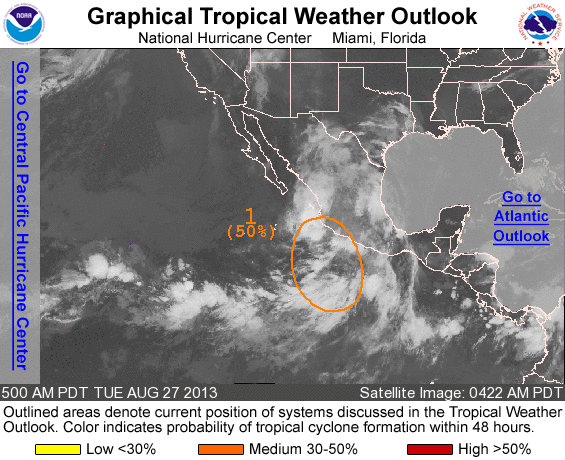
FOR THE EASTERN NORTH PACIFIC...EAST OF 140 DEGREES WEST LONGITUDE..

1. A BROAD AREA OF LOW PRESSURE CONTINUES TO PRODUCE SHOWERS AND THUNDERSTORMS EXTENDING FROM THE SOUTHWESTERN COAST OF MEXICO SOUTHWARD OVER THE PACIFIC FOR SEVERAL HUNDRED MILES. ENVIRONMENTAL CONDITIONS STILL APPEAR GENERALLY CONDUCIVE FOR THE FORMATION OF A TROPICAL DEPRESSION DURING THE NEXT COUPLE OF DAYS...BUT THE DISTURBANCE HAS A BROAD AND COMPLEX STRUCTURE THAT COULD LIMIT DEVELOPMENT. THIS SYSTEM HAS A MEDIUM CHANCE...50 PERCENT...OF BECOMING A TROPICAL CYCLONE DURING THE NEXT 48 HOURS WHILE MOVING WEST-NORTHWESTWARD AT ABOUT 15 MPH. THE LOW IS EXPECTED TO REACH COLDER WATERS WEST OF THE BAJA CALIFORNIA PENINSULA BY THURSDAY... AND FURTHER DEVELOPMENT AFTER THAT TIME IS NOT LIKELY. THIS SYSTEM HAS A MEDIUM CHANCE...50 PERCENT...OF BECOMING A TROPICAL CYCLONE DURING THE NEXT 5 DAYS. LOCALLY HEAVY RAINFALL IS EXPECTED TO CONTINUE OVER PORTIONS OF SOUTHWESTERN MEXICO AND OVERSPREAD THE SOUTHERN BAJA PENINSULA DURING THE NEXT FEW DAYS IN ASSOCIATION WITH THE LOW...AND INTERESTS IN THAT AREA SHOULD MONITOR THE PROGRESS OF THIS SYSTEM.

FIVE-DAY FORMATION PROBABILITIES ARE EXPERIMENTAL IN 2013. COMMENTS ON THE EXPERIMENTAL FORECASTS CAN BE PROVIDED AT...

HTTP://WWW.NWS.NOAA.GOV/SURVEY/NWS-SURVEY.PHP?CODE=ETWO

FORECASTER BLAKE